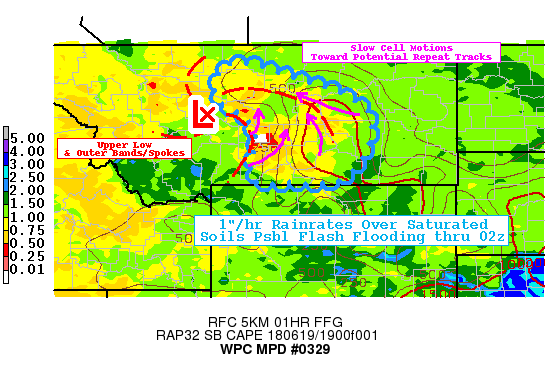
AREAS AFFECTED...CENTRAL MONTANA

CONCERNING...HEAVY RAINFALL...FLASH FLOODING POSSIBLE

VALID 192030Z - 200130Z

SUMMARY...HIGHLY ISOLATED FLASH FLOOD RISK FOR SLOW MOVING CELLS
OVER VERY SATURATED SOILS.

DISCUSSION...GOES-16 VISIBLE IMAGERY SHOWS COMPACT CENTER TO THE
UPPER LOW OVER NORTH CENTRAL MT RETROGRADING EASTWARD WITH A BROAD
SHIELD OF MID-LEVEL ALTO-STRATUS IN THE SOUTHERN QUADRANT.  EAST
OF THE CLOUD DECK...DAYTIME HEATING HAS INCREASED TEMPS INTO THE
MID TO UPPER 60S WITH TDS IN THE 50S SUPPORTING SBCAPES TO 2000
J/KG PER RAP ANALYSIS.  WEAKER INSOLATION NEAR THE CENTER AND
NORTHEAST SIDE AS INCREASED TO 500-1000 J/KG.   FLOW IS GENERALLY
WEAK IN THE LOW LEVEL BETWEEN THE UPPER LOW AND THE S/W
UNDERCUTTING THE UPPER LOW IN WY...HOWEVER WEAK EASTERLY FLOW HAS
ALLOWED FOR MODERATE MOISTURE TO POOL IN THE EASTERN HEMISPHERE OF
THE UPPER LOW IN MT WITH TPWS AS HIGH AS 1.0".  THE COMBINATION
HAS BEEN SUFFICIENT FOR DEEPER CONVECTION TO DEVELOP WITH SOME
LIGHTNING IN STILLWATER/SWEET GRASS COUNTIES AS WELL AS IN THE
DEEPER MST/INSTABILITY CORE ALONG THE YELLOWSTONE/TREASURE NORTH
INTO GARFIELD COUNTIES.  WEAK CLOUD BEARING FLOW WILL LIMIT
FORWARD PROGRESS AND ENHANCE LOCALIZED RAIN TOTALS UP TO 1-1.5" IN
THE NEXT 3HR.  GIVEN FFG VALUES IN THE AREA ARE LESS THAN 1"/HR
WITH AREAS ON THE WESTERN SIDE OF MPD AREA AS LOW AS
.25"/HR...NEIGHBORHOOD FFG EXCEEDANCE PROBABILITIES ARE 70-95%.

HI-RES CAMS ALSO SUPPORT CELLS TO EVENTUALLY SLIDE WNW AS A SPOKE
OF THE UPPER LOW SHIFTS EAST UNDER IT AND THE UPPER LOW
RETROGRADES...NARROWING A SW TO NE FLOW CONFLUENCE FROM CHOUTEAU
TO YELLOWSTONE COUNTY AFTER 00Z.  THIS MAY AID SOME REPEAT TRACKS
AND KEEP THE ISOLATED FLASH FLOODING RISK PSBL THROUGH THE LATE
EVENING.